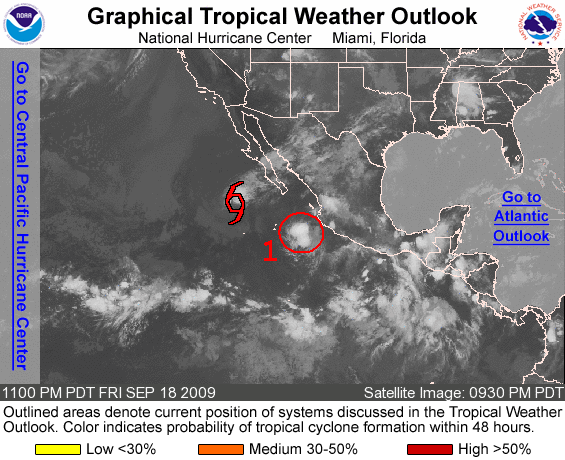
FOR THE EASTERN NORTH PACIFIC...EAST OF 140 DEGREES WEST LONGITUDE..

THE NATIONAL HURRICANE CENTER IS ISSUING ADVISORIES ON TROPICAL STORM MARTY...LOCATED ABOUT 390 MILES WEST OF THE SOUTHERN TIP OF BAJA CALIFORNIA.

1. A SMALL AREA OF LOW PRESSURE CENTERED ABOUT 140 MILES WEST-SOUTHWEST OF CABO CORRIENTES MEXICO IS ACCOMPANIED BY SHOWERS AND THUNDERSTORMS. THIS SYSTEM IS SHOWING SIGNS OF ORGANIZATION AND A TROPICAL DEPRESSION COULD FORM AT ANY TIME DURING NEXT DAY OR TWO AS IT MOVES WEST-NORTHWESTWARD TO NORTHWESTWARD AT AROUND 10 MPH. THERE IS A HIGH CHANCE...GREATER THAN 50 PERCENT...OF THIS SYSTEM BECOMING A TROPICAL CYCLONE DURING THE NEXT 48 HOURS.

ELSEWHERE...TROPICAL CYCLONE FORMATION IS NOT EXPECTED DURING THE NEXT 48 HOURS.

FORECASTER AVILA